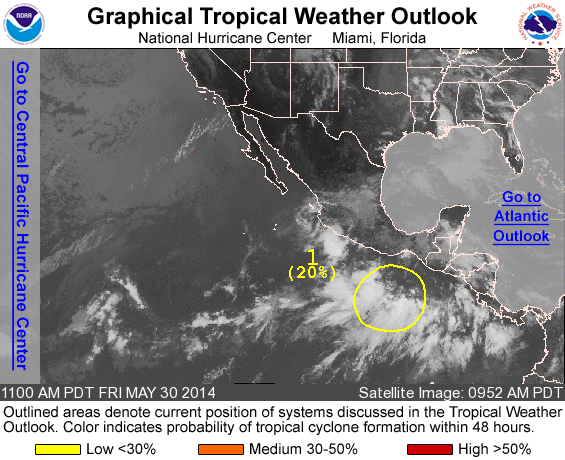
For the eastern North Pacific...east of 140 degrees west longitude:

1. A large area of disturbed weather located several hundred miles south of southeastern Mexico remains poorly organized. However, environmental conditions are forecast to become conducive for gradual development of this system during the next few days as it drifts northward toward the Gulf of Tehuantepec.
* Formation chance through 48 hours...low...20 percent
* Formation chance through 5 days...high...60 percent

Forecaster Avila